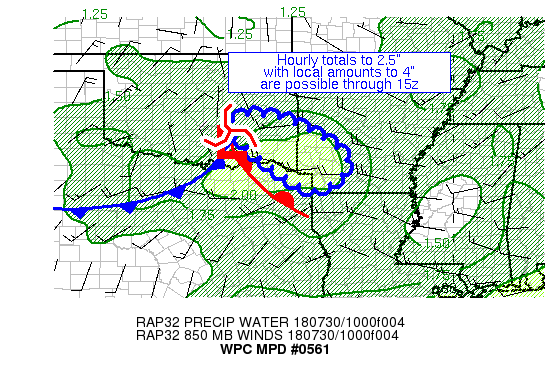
Areas affected...Southeast OK, western AR, & northeast TX

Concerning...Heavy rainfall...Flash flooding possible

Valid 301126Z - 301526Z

Summary...the combination of a warm advection band and an incoming
mesocyclone is expected to lead to hourly rain totals to 2.5" with
local amounts to 4" during the next several hours.

Discussion...A warm advection band has formed quickly ahead of a
mesocyclone moving into southeast OK and is showing increasing
rain rates in its vicinity.  MU CAPE values to its south have been
rising lately, and are now over 2000 J/kg.   Inflow at 850 hPa is
southwest at 20-25 kts per VAD wind profiles.  Effective bulk
shear of 25-30 kts is allowing for convective organization.
Precipitable water values of 1.75-2" lie in this area per GPS data.

Mesocyclone maintenance/reformation, cell collisions, and cell
training are expected to be the main cause of heavy rainfall.  The
06z HREF probabilities of exceeding 1" an hour indicate that the
rainfall intensity within this band could remain high through 15z.
 It's possible the signal in the mesoscale guidance is a little
too far north as well.  Hourly rain totals to 2.5" with local
amounts of 3-4" have been implied by radar data, which seems
reasonable for future expectations given the setup.  The band is
progressing into an area of declining flash flood guidance values,
implying an increased threat of rain-related issues should these
rates/totals persist through 15z.